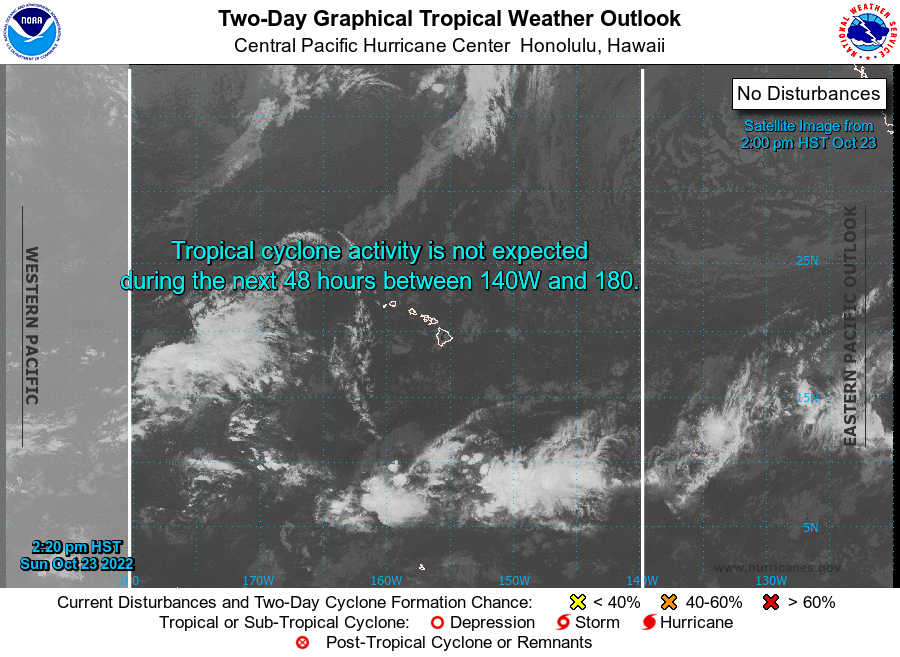
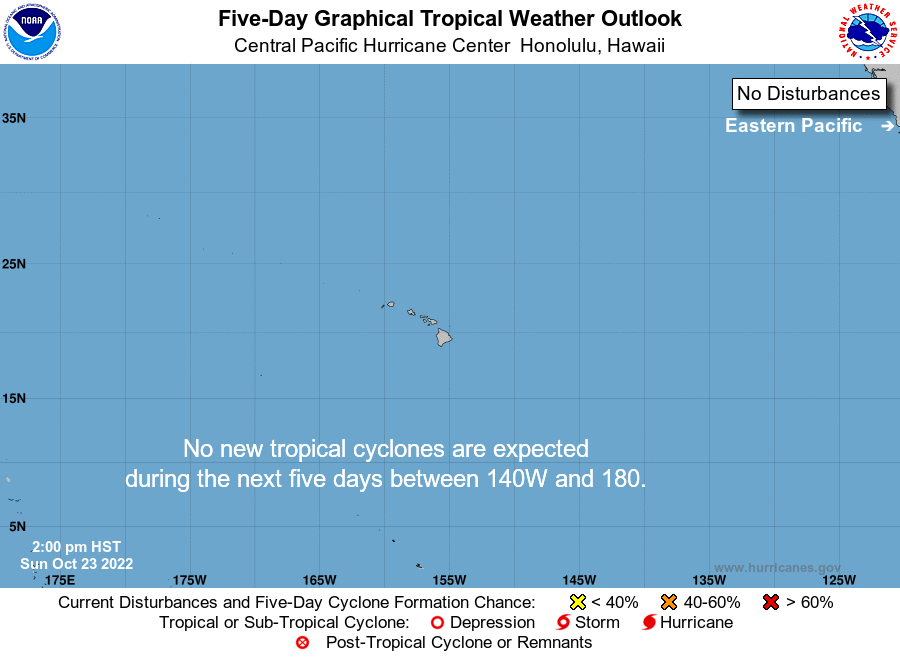
For the central North Pacific...between 140W and 180W:

No tropical cyclones are expected during the next 5 days.

Forecaster Blood